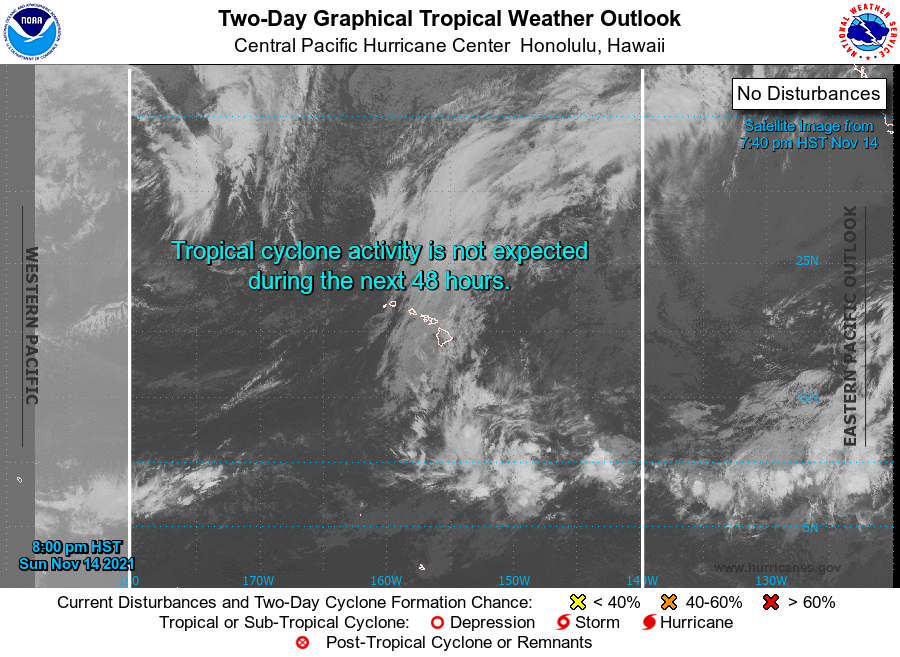
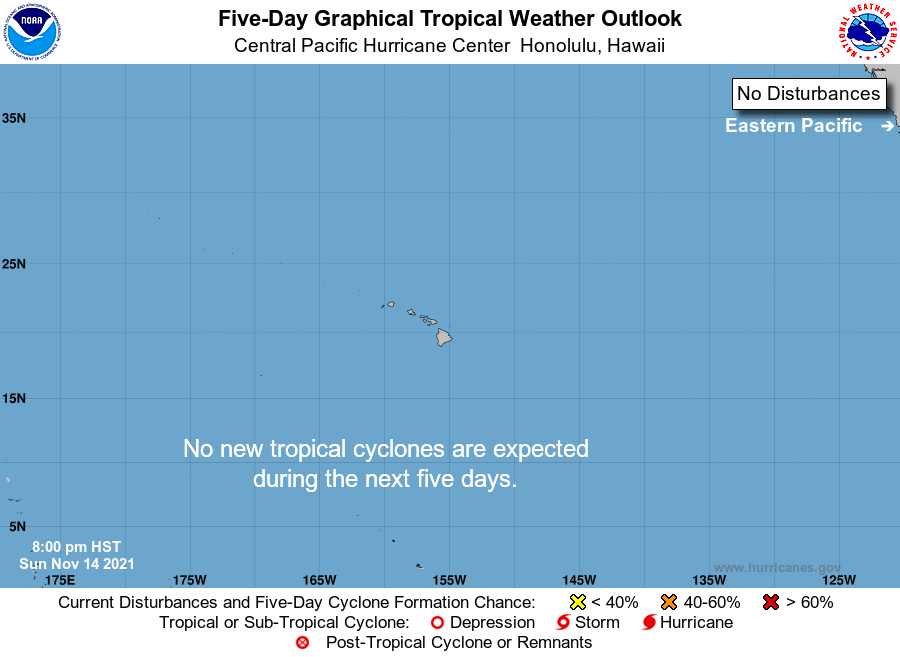
For the central North Pacific...between 140W and 180W:

No tropical cyclones are expected during the next 5 days.

Forecaster Gibbs